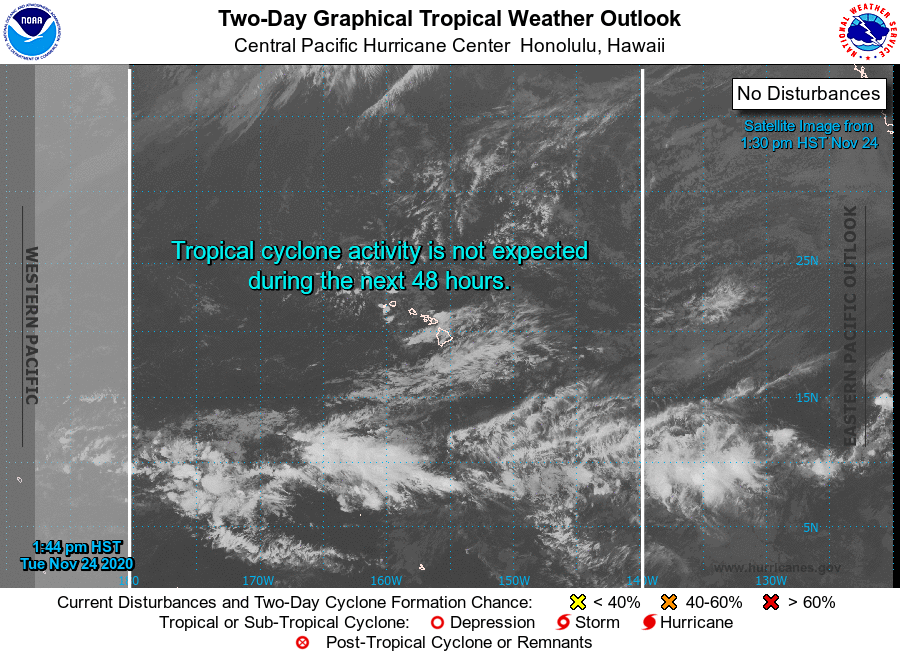
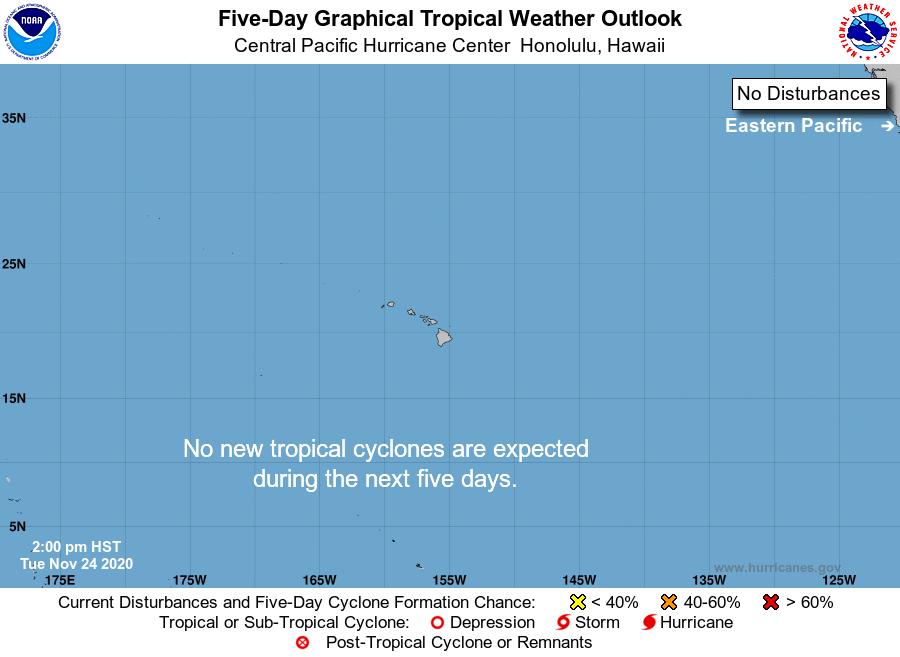
For the central North Pacific...between 140W and 180W:

No tropical cyclones are expected during the next 5 days.

The central North Pacific hurricane season officially ends on November 30. The final Tropical Weather Outlook of the season will be issued at 8 PM on November 30. We will resume issuing outlooks starting on June 1 of 2021.

Forecaster TS